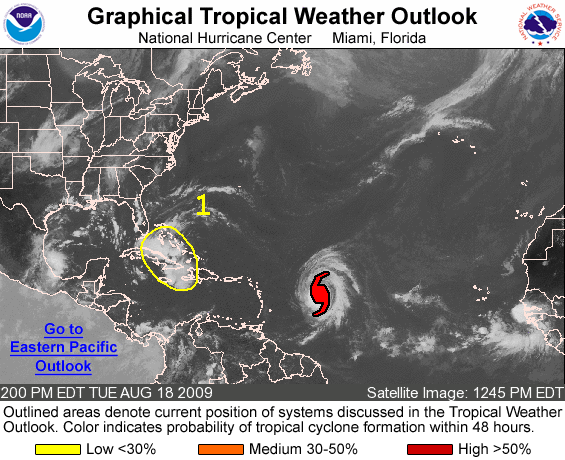
FOR THE NORTH ATLANTIC...CARIBBEAN SEA AND THE GULF OF MEXICO...

THE NATIONAL HURRICANE CENTER IS ISSUING ADVISORIES ON HURRICANE BILL...LOCATED ABOUT 705 MILES EAST OF THE LEEWARD ISLANDS.

1. DISORGANIZED SHOWERS AND THUNDERSTORMS EXTENDING FROM NEAR JAMAICA ACROSS EASTERN CUBA TO THE CENTRAL BAHAMAS ARE ASSOCIATED WITH THE REMNANTS OF TROPICAL DEPRESSION ANA AND AN UPPER-LEVEL LOW PRESSURE AREA. THIS ACTIVITY IS MOVING TOWARD THE WEST AT 20 TO 25 MPH AND WILL BE SPREADING ACROSS THE REMAINDER OF CUBA...THE BAHAMAS...AND SOUTHERN FLORIDA DURING THE NEXT NEXT DAY OR SO. THIS SYSTEM SHOWS NO SIGNS OF REGENERATION AT THIS TIME AND THERE IS A LOW CHANCE...LESS THAN 30 PERCENT...OF THIS SYSTEM BECOMING A TROPICAL CYCLONE AGAIN DURING THE NEXT 48 HOURS.

ELSEWHERE...TROPICAL CYCLONE FORMATION IS NOT EXPECTED DURING THE NEXT 48 HOURS.

FORECASTER BROWN/CANGIALOSI